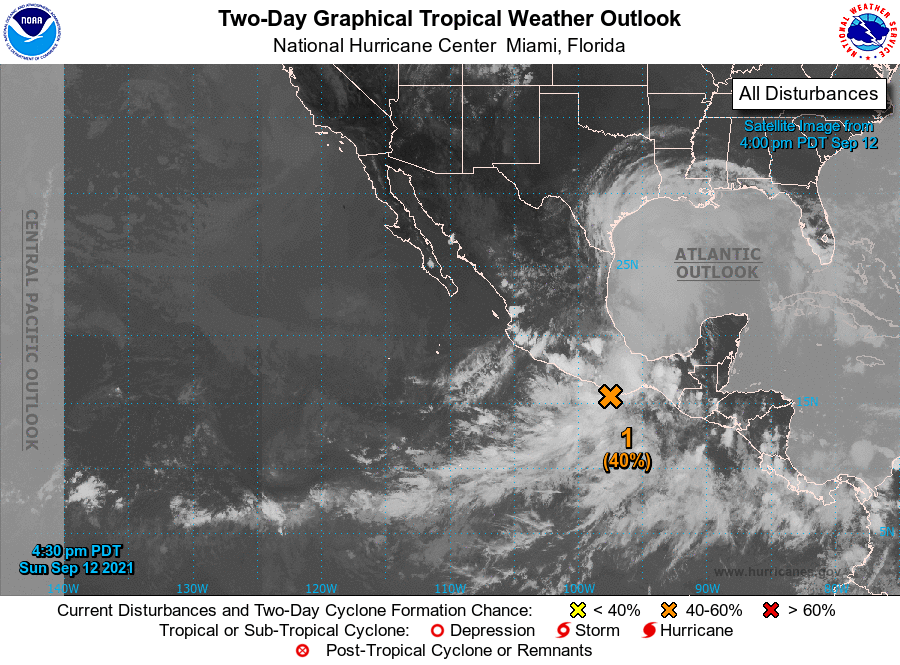
For the eastern North Pacific...east of 140 degrees west longitude:

1. A small area of low pressure located near the southern coast of Mexico just to the west-southwest of Puerto Escondido is producing disorganized shower and thunderstorm activity. A tropical depression could still form during the next day or so if the system remains over water while it moves westward or west-northwestward near the coast of southern Mexico. Regardless of development, this system will likely produce heavy rains across portions of southern Mexico through Tuesday.
* Formation chance through 48 hours...medium...40 percent.
* Formation chance through 5 days...medium...40 percent.

Forecaster Reinhart